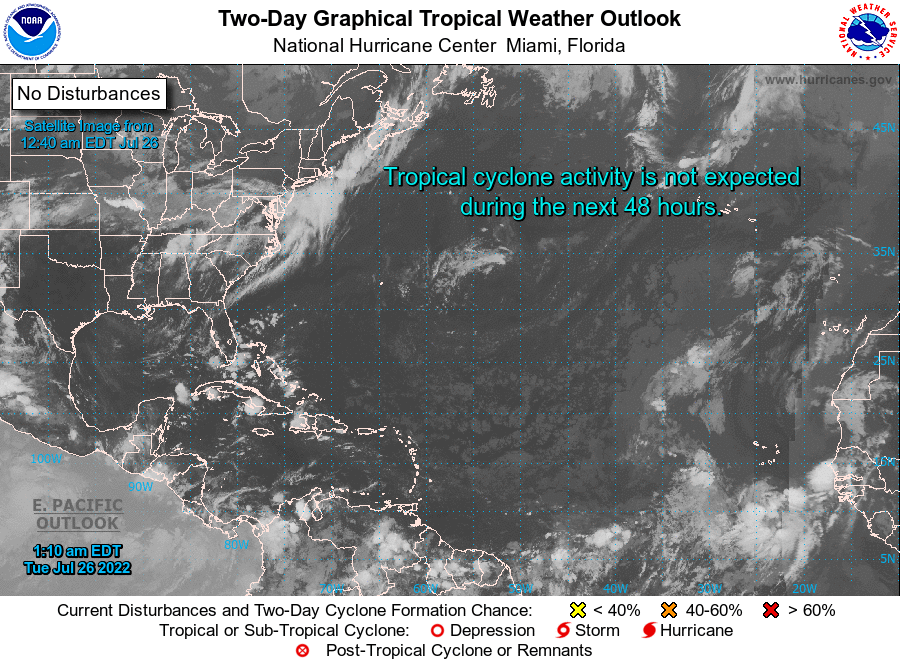
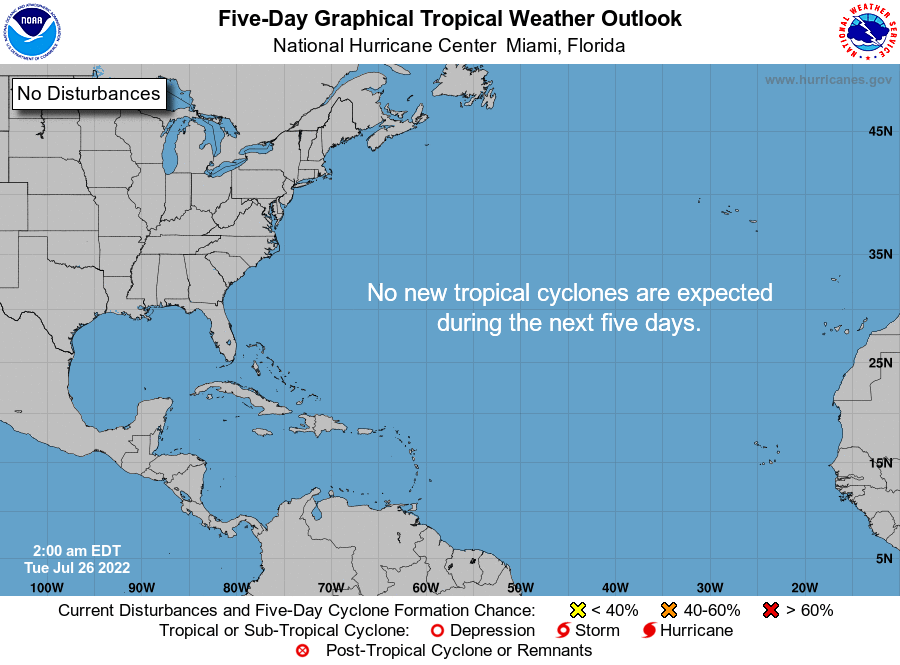
For the North Atlantic...Caribbean Sea and the Gulf of Mexico:

Tropical cyclone formation is not expected during the next 5 days.

Forecaster Brown